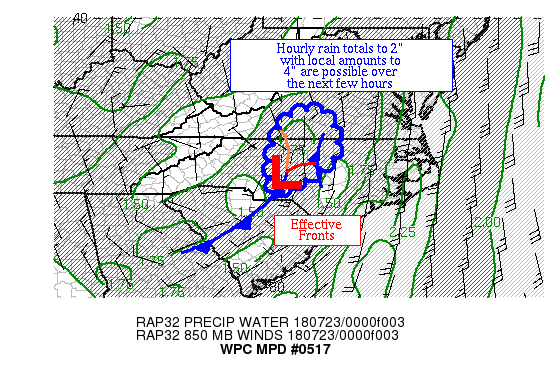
AREAS AFFECTED...NORTH-CENTRAL NC & SOUTH-CENTRAL VA

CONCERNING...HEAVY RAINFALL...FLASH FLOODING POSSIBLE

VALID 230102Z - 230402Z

SUMMARY...THUNDERSTORMS ARE AMASSING ACROSS NORTH-CENTRAL NC.
HOURLY RAIN TOTALS TO 2" WITH LOCAL AMOUNTS TO 4" ARE POSSIBLE DUE
TO CELL MERGERS/TRAINING.

DISCUSSION...A GROWING MASS OF THUNDERSTORMS IN NORTH-CENTRAL NC
ARE BEING FORCED BY A MESOSCALE WAVE NEAR ASHEBORO AND ITS
ASSOCIATED INVERTED TROUGH.  AN UPPER LEVEL CIRCULATION ACROSS
NORTHWEST SC APPEARS TO BE ENHANCING UPPER LEVEL OUTFLOW.
EFFECTIVE BULK SHEAR OF 25-30 KTS IS IN THIS REGION, WHICH HAS
ALLOWED A PORTION OF THE THUNDERSTORM AREA TO ALIGN AS A BAND.
PRECIPITABLE WATER VALUES OF 1.5-1.75" EXIST HERE PER GPS VALUES
AND RAP ANALYSES.  ML CAPE VALUES OF 1500+ J/KG EXIST IN THIS AREA.

AN OUTFLOW BOUNDARY COMING IN FROM THE EAST IS EXPECTED TO LEAD TO
AN ENHANCEMENT IN RAINFALL RATES ACROSS THE REGION DURING THE NEXT
HOUR OR TWO, WHICH MAY TAKE A FEW HOURS TO RESOLVE ITSELF.  THE
18Z HREF PROBABILITIES OF 1"+ IN AN HOUR APPEAR TO HAVE PICKED UP
ON THIS COMPLEX.  HOURLY RAIN TOTALS TO 2" WITH LOCAL AMOUNTS TO
4" ARE EXPECTED BY THE TIME THE THUNDERSTORM COMPLEX FADES.